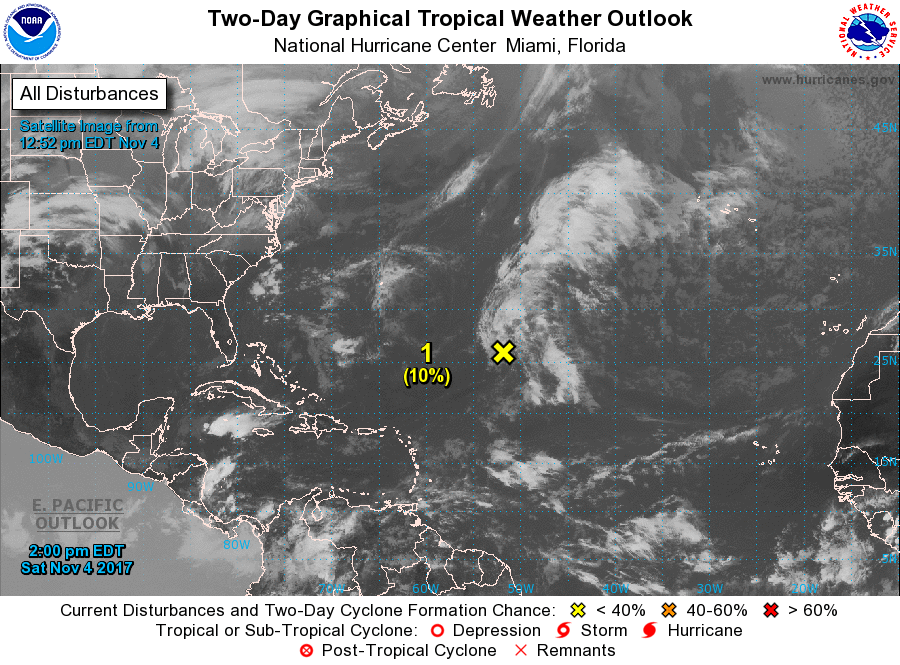
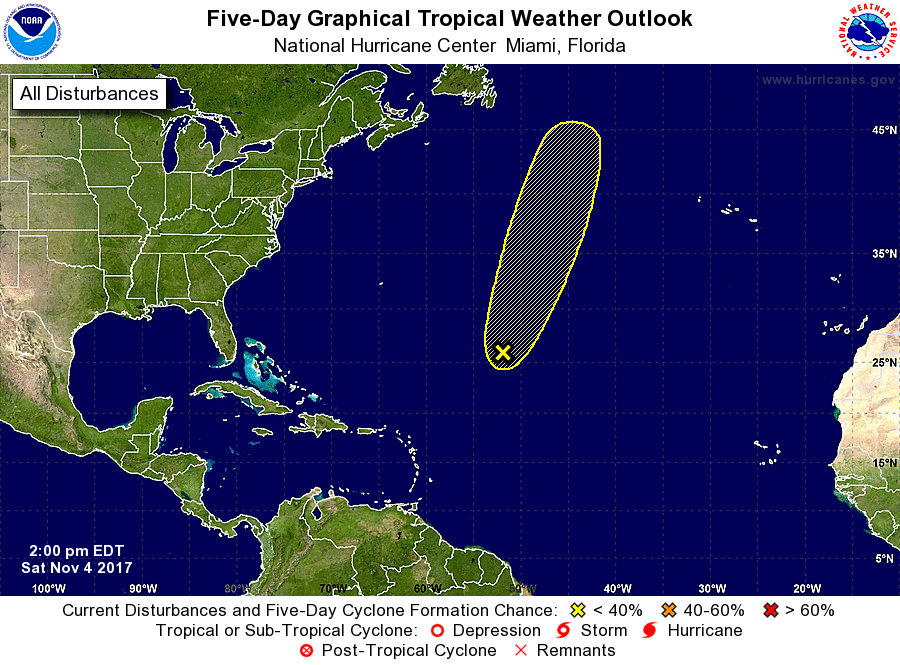
For the North Atlantic...Caribbean Sea and the Gulf of Mexico:

1. An elongated low pressure area centered about 900 miles east- southeast of Bermuda continues to produce disorganized showers and thunderstorms. This low could acquire some tropical or subtropical characteristics as it moves to the north-northeast over the central Atlantic through this weekend into the middle of next week.
* Formation chance through 48 hours...low...10 percent.
* Formation chance through 5 days...low...30 percent.

Forecaster Blake